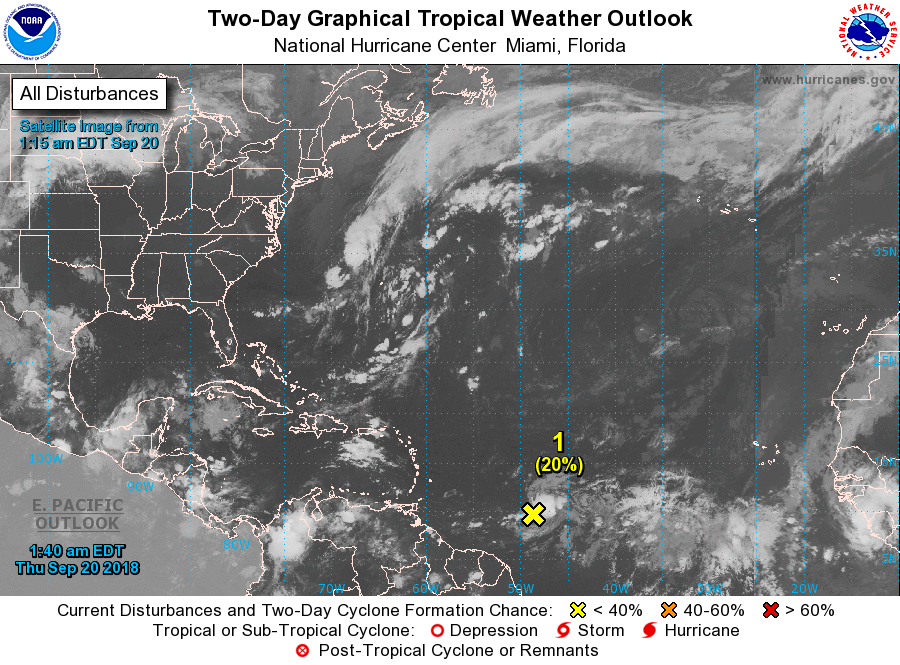
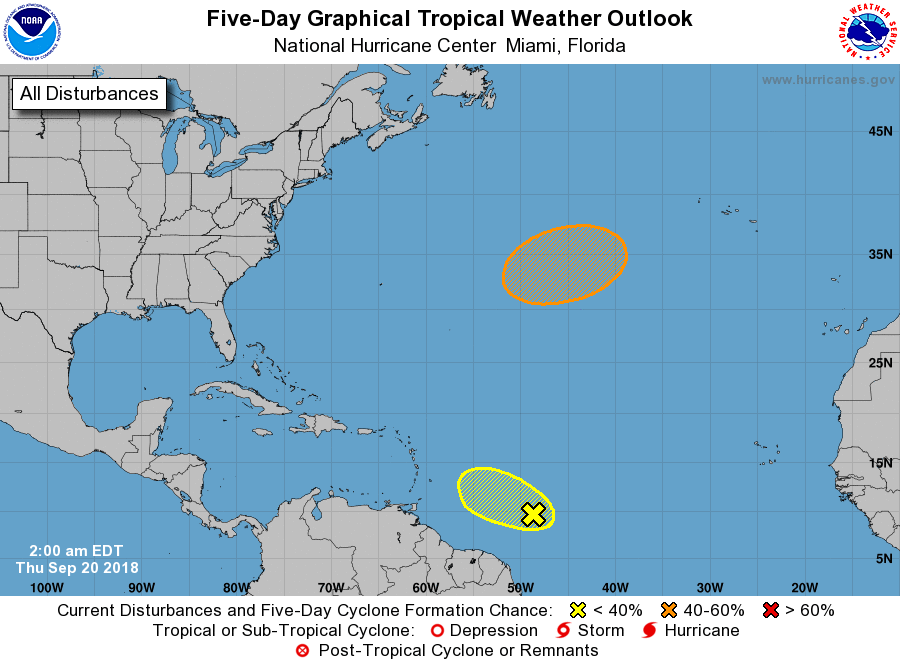
For the North Atlantic...Caribbean Sea and the Gulf of Mexico:

1. A westward-moving tropical wave is producing a small but concentrated area of thunderstorms about 850 miles east of the Windward Islands. Some additional development is possible today before upper-level winds become increasingly unfavorable for tropical cyclone formation starting tonight and continuing through the weekend.
* Formation chance through 48 hours...low...20 percent.
* Formation chance through 5 days...low...20 percent.

2. A non-tropical low pressure system is forecast to develop by Friday night over the central subtropical Atlantic Ocean between Bermuda and the Azores. Conditions are expected to be conducive for the low to acquire some subtropical or tropical characteristics, and a subtropical or tropical cyclone could form over the weekend or early next week while the low meanders over the central Atlantic Ocean.
* Formation chance through 48 hours...low...near 0 percent.
* Formation chance through 5 days...medium...40 percent.

Forecaster Berg